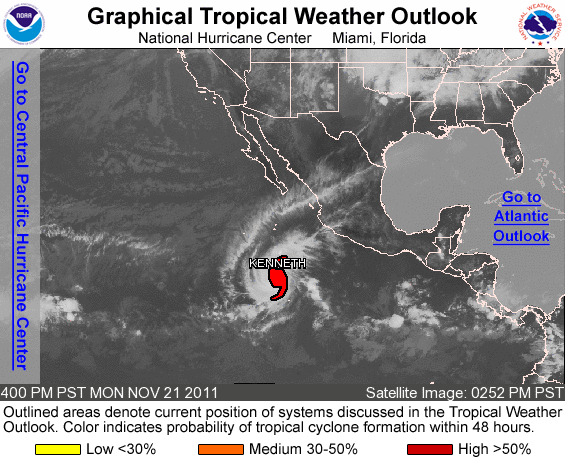
FOR THE EASTERN NORTH PACIFIC...EAST OF 140 DEGREES WEST LONGITUDE..

THE NATIONAL HURRICANE CENTER IS ISSUING ADVISORIES ON HURRICANE KENNETH...LOCATED ABOUT 685 MILES SOUTH OF THE SOUTHERN TIP OF BAJA CALIFORNIA.

ELSEWHERE...TROPICAL CYCLONE FORMATION IS NOT EXPECTED DURING THE NEXT 48 HOURS.

FORECASTER BERG